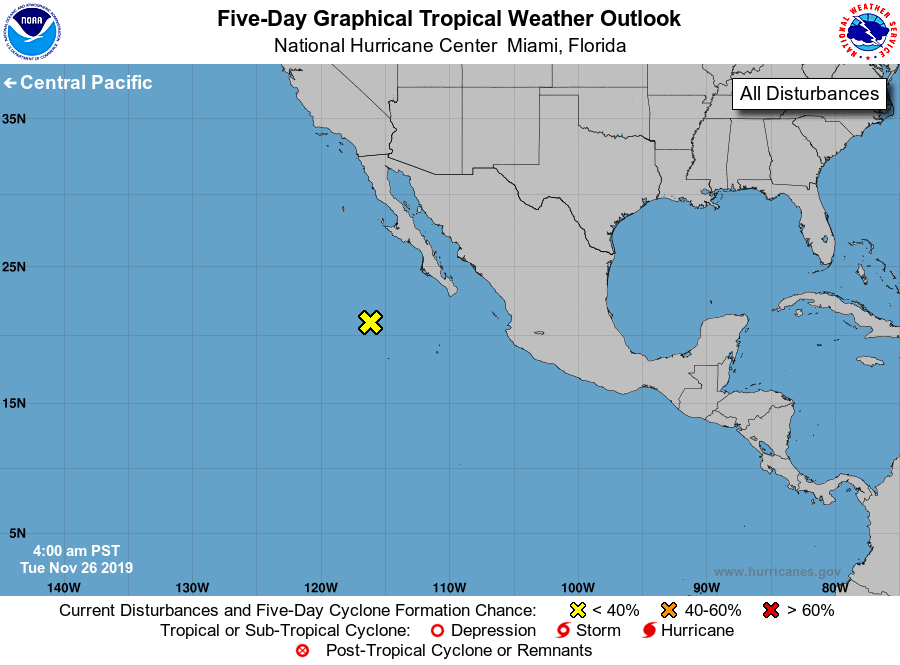
For the eastern North Pacific...east of 140 degrees west longitude:

1. A large area of disorganized cloudiness and thunderstorms extending from the Baja California peninsula southwestward over the eastern Pacific for several hundred miles is associated with an upper-level low and a surface trough. Although this system is not expected to become a tropical cyclone, it will likely produce heavy rains and strong winds over portions of the Baja California peninsula and northwestern Mexico during the next couple of days. This rainfall could cause life-threatening flash floods and mudslides. See products issued by your national meteorological service. For information on marine hazards, see High Seas Forecasts issued by the National Weather Service.
* Formation chance through 48 hours...low...near 0 percent.
* Formation chance through 5 days...low...near 0 percent.

High Seas Forecasts issued by the National Weather Service can be found under AWIPS header NFDHSFEPI, WMO header FZPN02 KWBC, and on the web at ocean.weather.gov/shtml/NFDHSFEPI.php

Forecaster Cangialosi